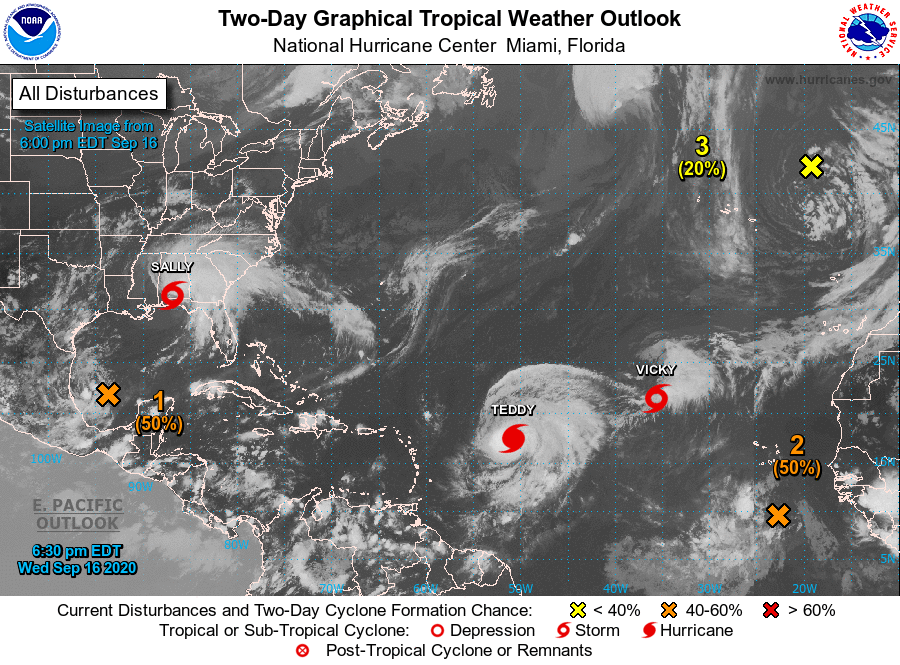
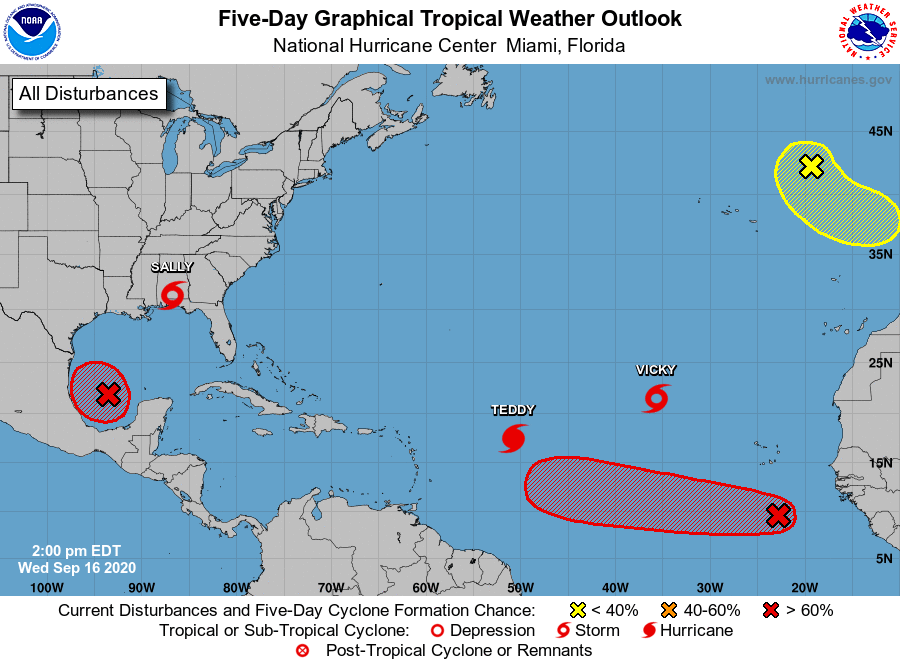
For the North Atlantic...Caribbean Sea and the Gulf of Mexico:

The National Hurricane Center has issued the last advisory on Post-Tropical Cyclone Paulette, located several hundred miles east-southeast of Cape Race, Newfoundland, and is issuing advisories on Sally, located over the far western portion of the Florida panhandle, on Hurricane Teddy, located over the central tropical Atlantic, and on Tropical Storm Vicky, located over the eastern tropical Atlantic.

1. Showers and thunderstorms associated with a broad area of low pressure over the southwestern Gulf of Mexico gradually continue to become better organized. Upper-level winds are forecast to gradually become more conducive for further development, and a tropical depression is likely to form late this week or over the weekend while the low meanders over the southern Gulf of Mexico for the next several days.
* Formation chance through 48 hours...medium...50 percent.
* Formation chance through 5 days...high...70 percent.

2. Showers and thunderstorms continue in association with an area of low pressure located a few hundred miles south of the Cabo Verde Islands. Environmental conditions are conducive for development of this system and a tropical depression is likely to form during the next few days while the system moves generally westward at 10 to 15 mph.
* Formation chance through 48 hours...medium...50 percent.
* Formation chance through 5 days...high...70 percent.

3. A non-tropical area of low pressure is located over the far northeastern Atlantic Ocean a few hundred miles northeast of the Azores. This system could acquire some subtropical characteristics while it moves southeastward and eastward at about 10 mph during the next few days. For more information on this system, see High Seas Forecasts issued by Meteo France.
* Formation chance through 48 hours...low...20 percent.
* Formation chance through 5 days...low...20 percent.

High Seas Forecasts issued by Meteo France can be found under WMO header FQNT50 LFPW and available on the web at www.meteofrance.com/previsions-meteo-marine/bulletin/grandlarge/ metarea2

Forecaster Roberts